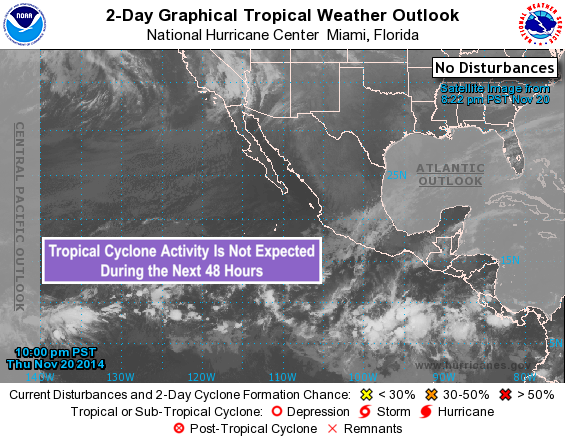
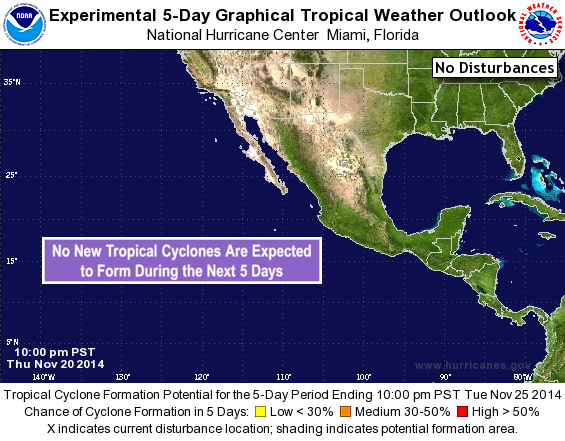
For the eastern North Pacific...east of 140 degrees west longitude:

Tropical cyclone formation is not expected during the next 5 days.

Forecaster Beven